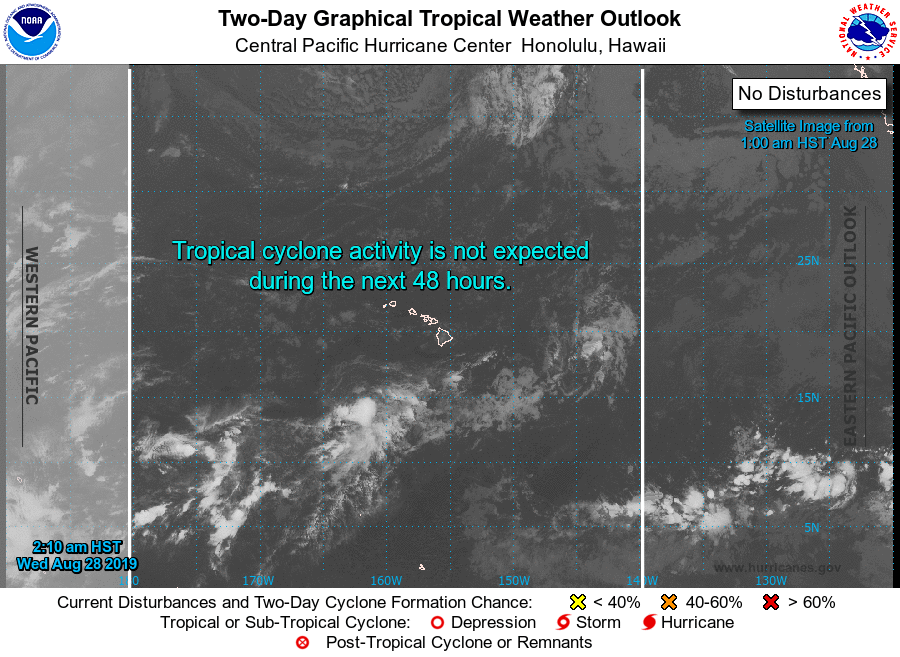
For the central North Pacific...between 140W and 180W:

No tropical cyclones are expected during the next 5 days.

Forecaster Gibbs